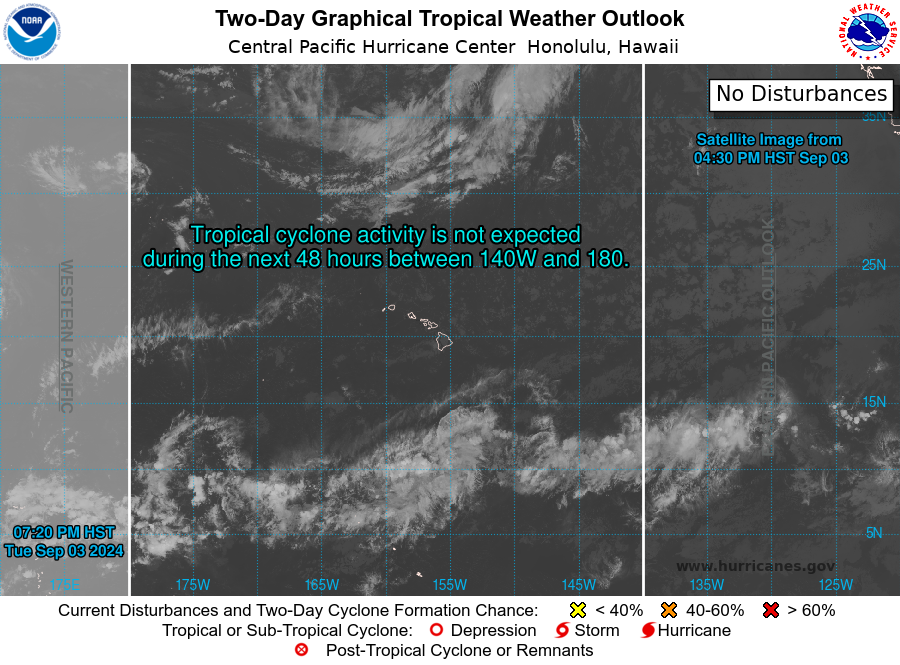
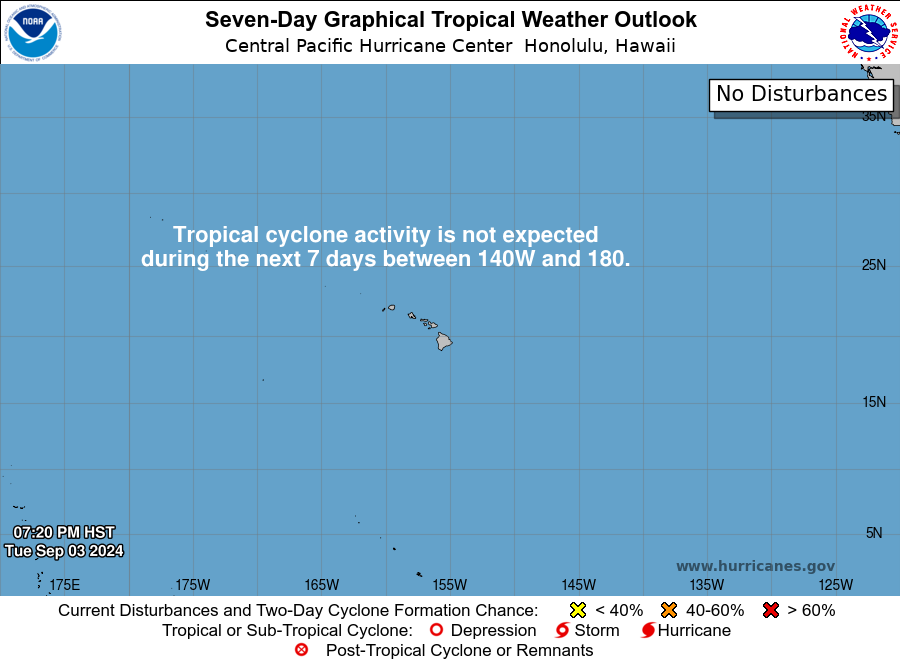
For the central North Pacific...between 140W and 180W:

No tropical cyclones are expected during the next 7 days.

The 2024 central North Pacific hurricane season officially ends today, November 30. As such, this is the final routine Tropical Weather Outlook for the 2024 season in general, and for this forecaster in particular. Routine issuance of the Tropical Weather Outlook will resume on June 1, 2025. During the off-season, Special Tropical Weather Outlooks will be issued as conditions warrant.

Forecaster Powell